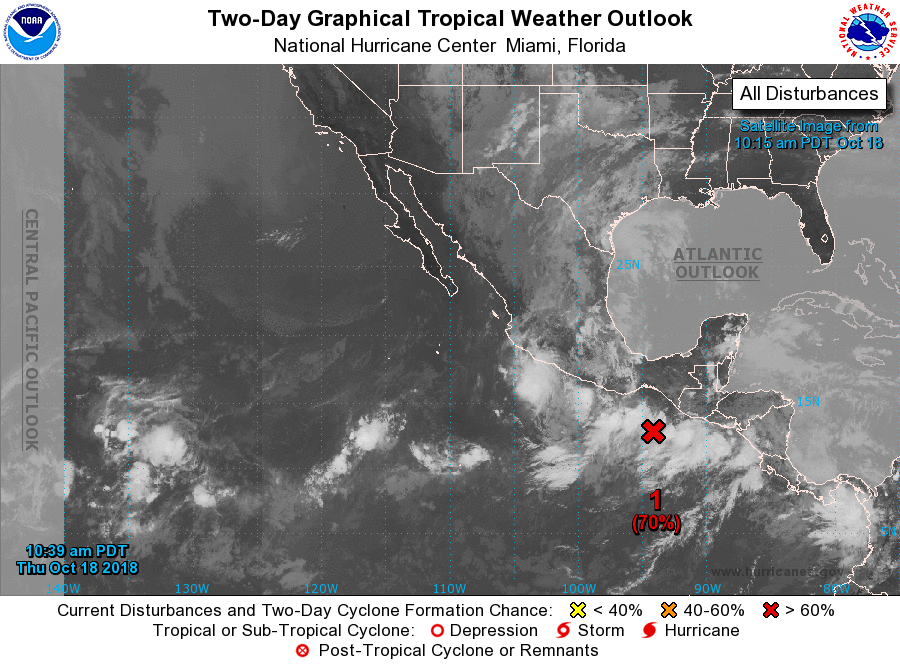
For the eastern North Pacific...east of 140 degrees west longitude:

1. An extensive area of disorganized showers and thunderstorms extends from Central America westward to the south of the coast of Mexico for several hundred miles. A broad area of low pressure is embedded within this region of disturbed weather near the Gulf of Tehuantepec, but satellite images indicate that the system has lost organization compared to the past couple of days. Still, environmental conditions appear conducive for development, and a tropical depression or tropical storm is likely to form over the weekend or early next week while the system moves generally west-northwestward at 10 to 15 mph near or just offshore the coast of southern Mexico. Additional information on this system can be found in High Seas Forecasts issued by the National Weather Service.
* Formation chance through 48 hours...high...70 percent.
* Formation chance through 5 days...high...80 percent.

For additional information on the low near the Gulf of Tehuantepec please see High Seas Forecasts issued by the National Weather Service, under AWIPS header NFDHSFEPI, WMO header FZPN02 KWBC, and on the web at https://ocean.weather.gov/shtml/NFDHSFEPI.shtml.

Forecaster Berg